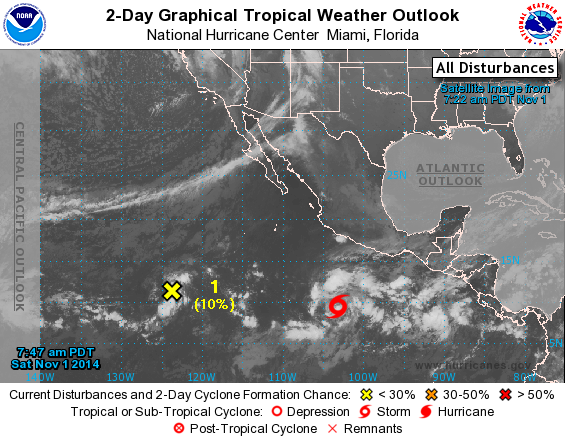
For the eastern North Pacific...east of 140 degrees west longitude:

The National Hurricane Center is issuing advisories on Tropical Storm Vance, located several hundred miles south-southwest of Acapulco, Mexico.

1. An area of low pressure located about 1200 miles southwest of the southern tip of the Baja California peninsula is producing a few disorganized showers and thunderstorms. Although upper-level winds are forecast to be generally favorable for the next day or so, dry air in the vicinity of the system should limit significant development while it moves toward the west or west-southwest at 5 to 10 mph during the next few days.
* Formation chance through 48 hours...low..10 percent.
* Formation chance through 5 days...low...10 percent.

Forecaster Blake